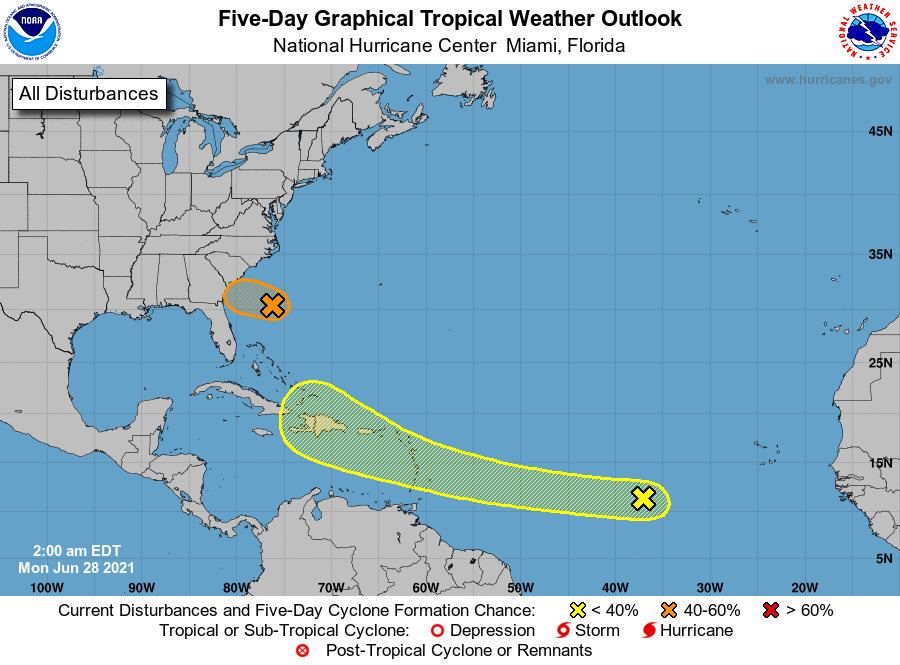
For the North Atlantic...Caribbean Sea and the Gulf of Mexico:

1. A small low pressure system is located about 300 miles east-southeast of Savannah, Georgia. The associated shower and thunderstorm activity remains disorganized, with most of it displaced to the northwest of the surface center due to strong upper-level winds. The low is forecast to move quickly west-northwestward at 15 to 20 mph, crossing over the warmer waters of the Gulf Stream later this morning, and it has some potential to become a tropical depression or tropical storm before reaching the coast of Georgia or southern South Carolina by this evening. If the system becomes more organized today, then tropical storm warnings could be required for a portion of the Georgia and South Carolina coasts with short notice. Regardless of development, a few inches of rain are possible along the immediate coasts of Georgia and southern South Carolina through tonight. An Air Force Reserve Unit reconnaissance aircraft is scheduled to investigate the system this afternoon, if necessary.
* Formation chance through 48 hours...medium...60 percent.
* Formation chance through 5 days...medium...60 percent.

2. A broad area of low pressure associated with a tropical wave is producing a small cluster of showers and thunderstorms over the eastern tropical Atlantic Ocean. Some slow development is possible through the end of the week while this system moves quickly westward to west-northwestward at about 20 mph, likely reaching the Lesser Antilles late Wednesday or Wednesday night.
* Formation chance through 48 hours...low...20 percent.
* Formation chance through 5 days...low...30 percent.

Forecaster Latto/Pasch